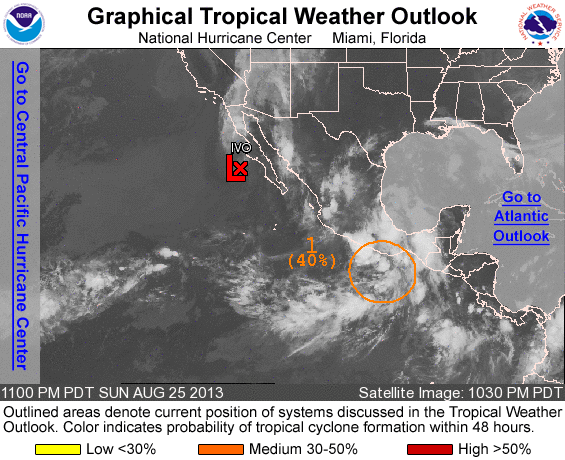
FOR THE EASTERN NORTH PACIFIC...EAST OF 140 DEGREES WEST LONGITUDE..

1. A BROAD AREA OF LOW PRESSURE IS PRODUCING SHOWERS AND THUNDERSTORMS THAT EXTEND FROM THE COAST OF SOUTH-CENTRAL MEXICO SOUTHWARD FOR SEVERAL HUNDRED MILES. ENVIRONMENTAL CONDITIONS APPEAR CONDUCIVE FOR DEVELOPMENT OF THIS SYSTEM AS IT MOVES WEST-NORTHWESTWARD AT ABOUT 15 MPH DURING THE NEXT FEW DAYS...AND A TROPICAL DEPRESSION COULD FORM BY MIDWEEK. THIS SYSTEM HAS A MEDIUM CHANCE...40 PERCENT...OF BECOMING A TROPICAL CYCLONE DURING THE NEXT 48 HOURS...AND A HIGH CHANCE...90 PERCENT...OF BECOMING A TROPICAL CYCLONE DURING THE NEXT 5 DAYS. THIS DISTURBANCE COULD PRODUCE LOCALLY HEAVY RAINFALL ALONG THE SOUTHERN COAST OF MEXICO DURING THE NEXT FEW DAYS...AND INTERESTS IN THAT AREA SHOULD MONITOR THE PROGRESS OF THIS SYSTEM.

FIVE-DAY FORMATION PROBABILITIES ARE EXPERIMENTAL IN 2013. COMMENTS ON THE EXPERIMENTAL FORECASTS CAN BE PROVIDED AT...

HTTP://WWW.NWS.NOAA.GOV/SURVEY/NWS-SURVEY.PHP?CODE=ETWO

FORECASTER BERG